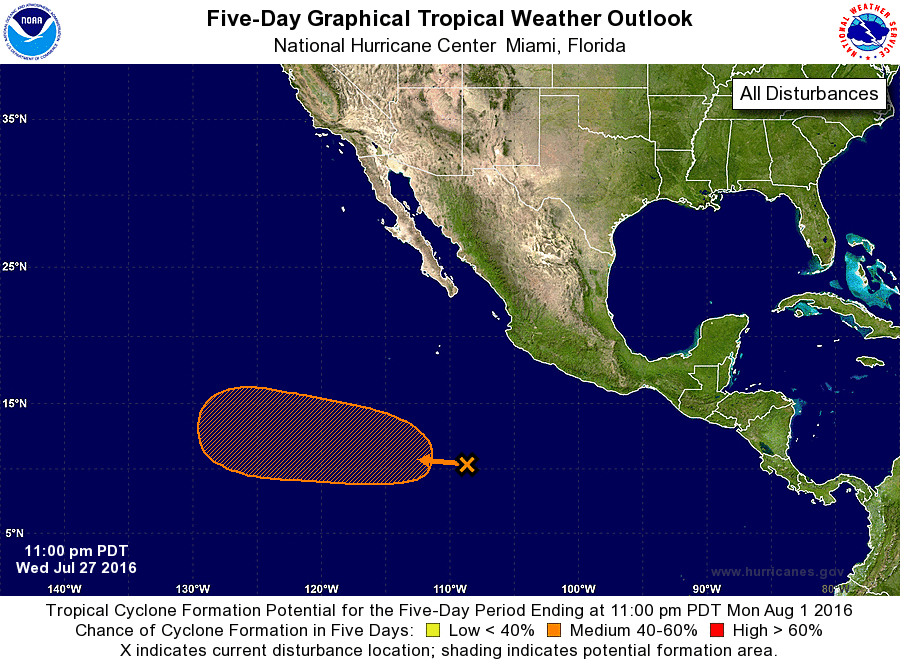
For the eastern North Pacific...east of 140 degrees west longitude:

The National Hurricane Center is issuing advisories on Tropical Storm Frank, located several hundred miles west of the southern tip of the Baja California peninsula.

1. Showers and thunderstorms associated with a broad area of low pressure located several hundred miles south of the southern tip of the Baja California peninsula continue to show signs of organization. Environmental conditions appear conducive for additional development of this system, and a tropical depression could form over the weekend while the low moves west-northwestward at about 10 mph.
* Formation chance through 48 hours...low...20 percent
* Formation chance through 5 days...medium...60 percent

Forecaster Pasch